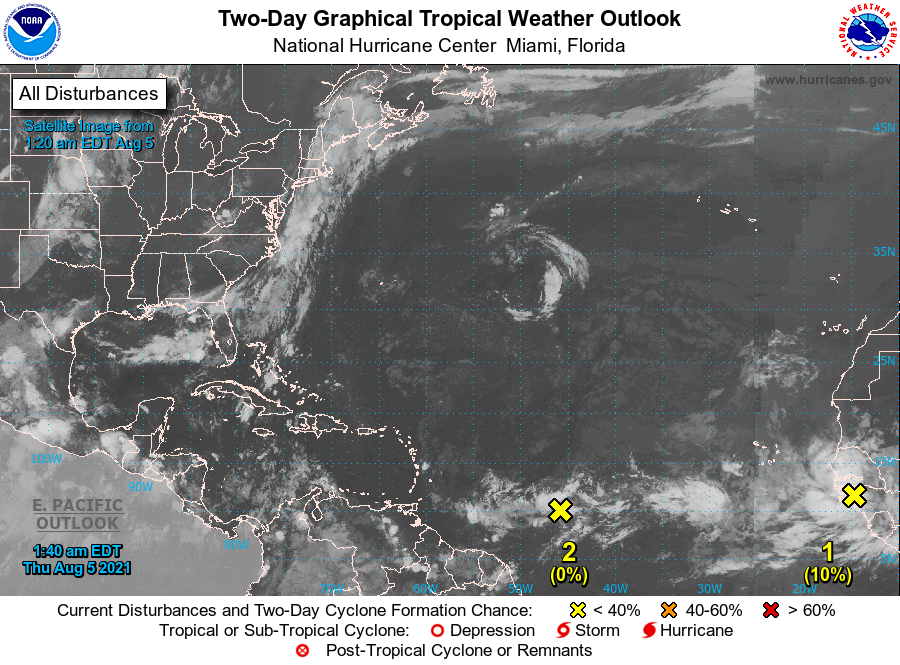
For the North Atlantic...Caribbean Sea and the Gulf of Mexico:

1. A tropical wave just inland over Africa is producing a large area of showers and thunderstorms over the Guinea Highlands. This wave is expected to move off the west African coast later today. Environmental conditions appear somewhat conducive for gradual development, and a tropical depression could form over the eastern tropical Atlantic by early next week while the system moves westward to west-northwestward at about 15 mph.
* Formation chance through 48 hours...low...10 percent.
* Formation chance through 5 days...medium...50 percent.

2. A tropical wave located over the central tropical Atlantic is producing a broad area of disorganized showers and thunderstorms. Environmental conditions are expected to be marginally conducive for some slow development east of the Lesser Antilles by early next week while the disturbance moves west-northwestward at 10 to 15 mph.
* Formation chance through 48 hours...low...near 0 percent.
* Formation chance through 5 days...low...20 percent.

Forecaster Papin/Beven